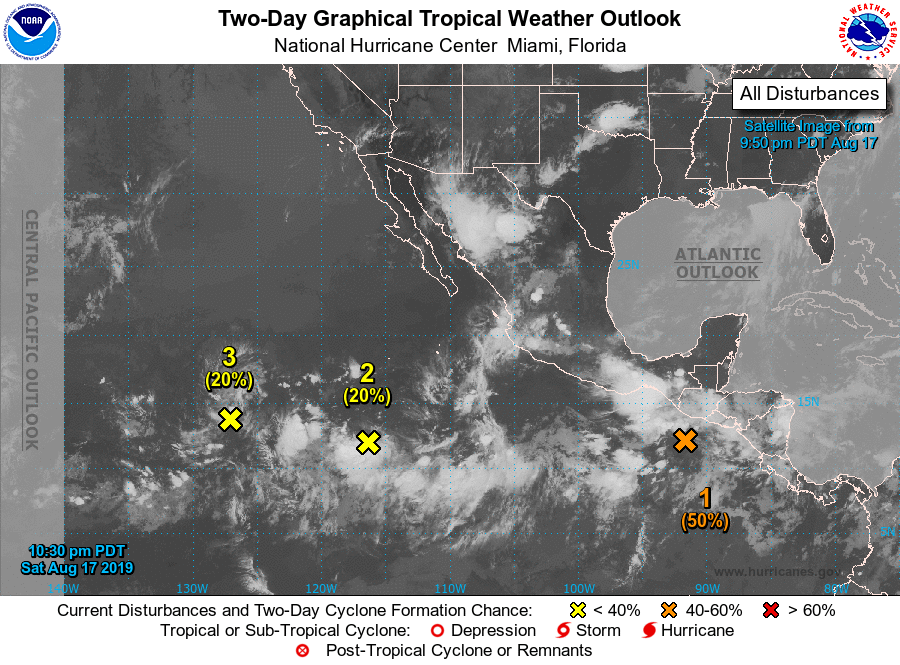
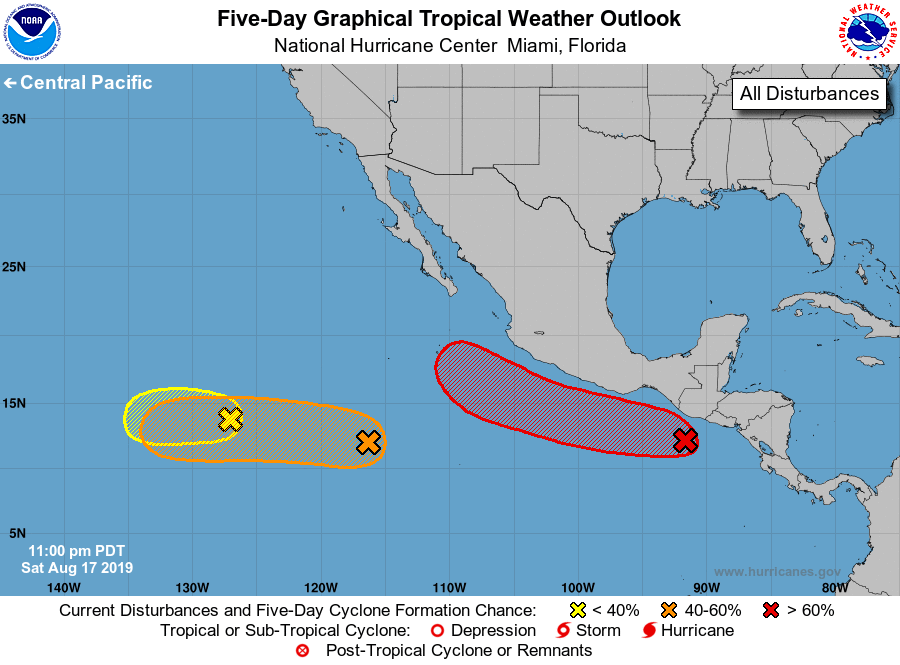
For the eastern North Pacific...east of 140 degrees west longitude:

1. An area of low pressure located a couple of hundred miles south of the coast of Guatemala is producing a limited area of disorganized showers and thunderstorms tonight. Environmental conditions are expected to become more conducive for development by early next week, and a tropical depression is expected to form by Tuesday while the low moves west-northwestward at about 10 mph parallel to the coast of Mexico. Moisture associated with the low is forecast to produce heavy rainfall and possible flash flooding across portions of El Salvador, Guatemala, and southeastern Mexico during the next few days.
* Formation chance through 48 hours...medium...50 percent.
* Formation chance through 5 days...high...90 percent.

2. Shower and thunderstorm activity associated with a tropical wave located about 900 miles south-southwest of the southern tip of the Baja California has increased since yesterday. Environmental conditions continue to support slow development, and this system has the potential to become a tropical cyclone by the middle of next week while it moves westward to west-northwestward at 5 to 10 mph.
* Formation chance through 48 hours...low...20 percent.
* Formation chance through 5 days...medium...40 percent.

3. Another tropical wave, located about 1300 miles west-southwest of the southern tip of the Baja California peninsula, is producing cloudiness and showers. Some development of this system is possible during the next couple of days while it moves slowly westward across the southwestern portion of the eastern Pacific.
* Formation chance through 48 hours...low...20 percent.
* Formation chance through 5 days...low...20 percent.

Forecaster Blake